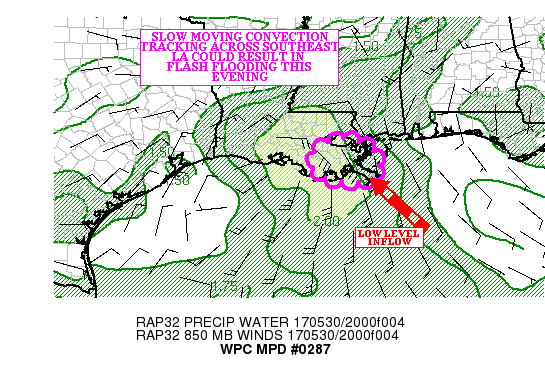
AREAS AFFECTED...SOUTHEAST LA

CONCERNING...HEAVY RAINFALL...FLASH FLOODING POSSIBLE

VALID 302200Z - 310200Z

SUMMARY...SLOW MOVING CONVECTION COMING ASHORE OVER SOUTHEAST LA
THIS EVENING COULD RESULT IN FLOODING CONCERNS.

DISCUSSION...CONVECTION CONTINUES TO MOVE ONSHORE ACROSS SOUTHEAST
LA...PER REGIONAL RADARS. NORTH OF THE CONVECTION...OUTFLOW FROM
EARLIER STORMS HAS PRODUCED A MORE STABLE ENVIRONMENT OVER MUCH OF
SOUTHERN LA (AS CIN HAS INCREASED WITH TIME). THE BEST INSTABILITY
(WITH MLCAPE VALUES GENERALLY BETWEEN 500-1000 J/KG) REMAINS OVER
FAR SOUTHEAST LA AND JUST OFFSHORE.

THE COLUMN REMAINS MOIST...AS A 20 TO 25 KT LOW LEVEL SOUTHEAST
INFLOW CONTINUES TO POUR 2.00+ INCH PRECIPITABLE WATER AIR INTO
SOUTHEAST LA. THE CONVECTION IS EXPECTED TO FOLLOW THE BEST
INSTABILITY AND MOISTURE AS IT TRACKS FROM THE GULF OF MEXICO
ACROSS SOUTHEAST LA.

THE LATEST HRRR SEEMED TO HAVE THE BEST HANDLE ON THE POSITION OF
THE CONVECTION... AND THAT SOLUTION TAKES THE CONVECTION OVER THE
LA GULF WATERS ACROSS SOUTHEAST LA BEFORE WEAKENING AFTER 02Z. THE
LATEST HRRR SHOWED THE POTENTIAL FOR AREAS OF 2.00 TO 4.00 INCHES
OF RAINFALL ACROSS SOUTHEAST LA. THE MOISTURE AND INSTABILITY
SHOULD BE SUFFICIENT TO SUPPORT THESE RAINFALL AMOUNTS. FLOODING
IS POSSIBLE BEFORE THE BEST CONVECTION MOVES OFFSHORE LATER THIS
EVENING.